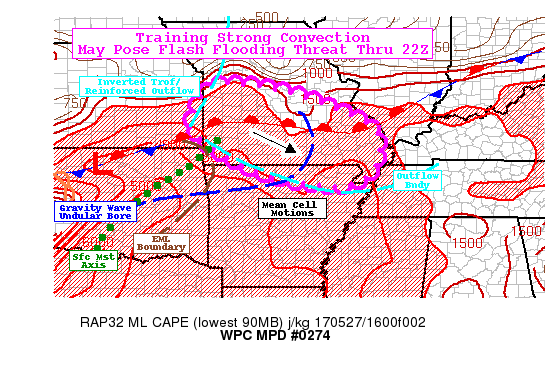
AREAS AFFECTED...SOUTHERN MISSOURI...EXT NORTHEAST AR...EXT
SOUTHEASTERN KS

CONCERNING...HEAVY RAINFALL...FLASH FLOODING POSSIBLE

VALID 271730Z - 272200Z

SUMMARY...COMPLEX EVOLUTION/MULTIPLE SWATHS OF HEAVY RAINFALL AND
TRAINING MAY POSE FLASH FLOODING CONCERN THIS AFTERNOON IN MO.

DISCUSSION...GOES-16 MESO LOOPS DENOTE A COMPLEX BOUNDARY
SITUATION ACROSS THE CENTRAL MO RIVER VALLEY AND OZARKS.  AN
INITIAL GRAVITY WAVE/LEAD EDGE OF AN UNDULAR BORE HAS ROLLED
THROUGH MO IN AN ARC FROM ONGOING MCV IN IA ACROSS CENTRAL MO AND
TRAILING BACK SOUTH OF I-44 ACROSS S MO INTO NE OK.  MAXIMIZED
CONVERGENCE AT AN INFLECTION ON THE ARC WITH SUFFICIENT DEEP WAA
HAS ACTIVATED CONVECTION IN CENTRAL MO NEAR AIZ/TBN HAS EXPANDED
EASTWARD ENOUGH ALONG THE STATIONARY/RETURNING WARM FRONT...THAT
IS GENERALLY ORIENTED WELL WITH THE MEAN FLOW TO SUPPORT SOME
TRAINING IN THE SHORT-TERM. THIS AREA IS LIKELY TO FALL VICTIM TO
BEING CUT-OFF AS SFC/NEAR SFC ROOTED CONVECTION DEVELOPS AND
EXPANDS OVER SW MO OVER THE NEXT FEW HOURS.

RECENT RAP ANALYSIS SHOWS ERODING CINH ACROSS SW MO AND SE
KS...WITH RAPID DEVELOPMENT NOTED AT THE APEX OF CONVERGENT
BOUNDARIES ALONG THE OK/KS BORDER (FROM OUTFLOW FURTHER NORTH AND
STATIONARY FRONT).  WV LOOP/RAP ANALYSIS ALSO DENOTES ELEVATED
MIXED LAYER/BULGE NOTED ACROSS N OK ATTM MAXIMIZING CONVERGENCE ON
THE NORTHERN SIDE NEAR THE BOUNDARIES.  MOISTURE INGREDIENTS WITH
Q-AXIS EXTENDING FROM ADM TO OKM TO GMJ TO SGF WITH MID-70S TDS
AND THIS EML...SUPPORT MLCAPES NEARING 4000 J/KG LIKELY TO
INCREASE WITH CONTINUED MOISTURE FLUX/CONVERGENCE.  AS SUCH WITH
SWLY LOW LEVEL FLOW ORTHOGONAL TO THE EFFECTIVE BOUNDARY NOTED IN
VIS SHOULD SUPPORT HIGHLY EFFICIENT RAINFALL PROCESSES EVEN WITH
SOME LOSS TO HAIL STILL WITH RAIN RATES AT OR ABOVE 2"/HR ARE
LIKELY.  OF GREATER CONCERN IS THE ORIENTATION OF THE MEAN CLOUD
BEARING FLOW WHICH IS NEARLY PARALLEL TO THE BOUNDARY FROM SE KS
ACROSS S MO ALLOWING FOR TRAINING OF CONVECTION FURTHER COMPOUNDED
BY BACKBUILDING/UPSTREAM REDEVELOPMENT.  THIS IS BEST REPRESENTED
IN RECENT FEW OPERATIONAL HRRR RUNS SUGGESTING 2-4" RAINFALL
TOTALS THROUGH 00Z.  AS SUCH IT IS POSSIBLE THAT FLASH FLOODING
MAY OCCUR ACROSS SW MO AND POTENTIALLY INTO NORTHERN ROW OF
COUNTIES IN N CENTRAL  AR.  THIS WOULD BE OF PARTICULAR CONCERN
WHERE FFG WAS REDUCED FROM EARLY MORNING CONVECTION.

SATELLITE AND RADAR MOSAIC ALSO INDICATE CONVECTION IS FILLING IN
ALONG THE INVERTED SURFACE TROF ALONG THE KS/MO BORDER JUST S OF
THE KC METRO. DEEPER MST CONVERGENCE IS MAXIMIZED AT THE APEX OF
THE TROF INTERSECTING WITH THE OUTFLOW BOUNDARY BUT AS THESE CELLS
MOVE EAST...THERE IS A GOOD LIKELIHOOD OF TRACKING VERY CLOSE TO
THE AREAS AFFECTED BY THE ONGOING ELEVATED WAA CONVECTION
OCCURRING IN CENTRAL MO.  LEADING TO A SECONDARY MAXIMA/SWATH OF
HEAVY RAINFALL CAPABLE OF LOCALIZED FF THROUGH THE AFTERNOON
HOURS.